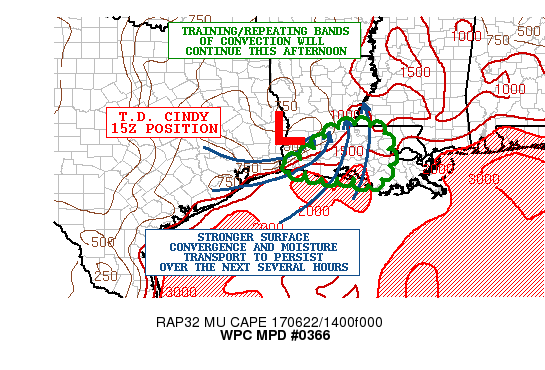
AREAS AFFECTED...SOUTH-CENTRAL TO SOUTHWEST LA

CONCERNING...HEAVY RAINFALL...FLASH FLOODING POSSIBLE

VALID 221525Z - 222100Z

SUMMARY...BANDS OF HEAVY SHOWERS ASSOCIATED WITH T.D. CINDY WILL
CONTINUE TO BRING HEAVY RAINFALL OVER THE NEXT SEVERAL HOURS.

DISCUSSION...EXPERIMENTAL GOES-16 VISIBLE/0.64 MICRON MICRON
IMAGERY SHOWS THE LOW LEVEL CENTER ASSOCIATED T.D. CINDY
CONTINUING TO LIFT NORTH AND INLAND ALONG THE TX/LA BORDER. THE
SYSTEM OVERALL IS CONVECTIVELY VERY DISORGANIZED WITH A LARGE
AMOUNT OF MID LEVEL DRY AIR BEING ENTRAINED AND WRAPPED AROUND THE
STORM CENTER. THIS IS RESULTING IN A DISTINCT LACK OF INNER CORE
CONVECTION...WITH MOST OF THE EXISTING CONVECTION CHARACTERIZED BY
SOME RATHER FRAGMENTED AND SHALLOW-TOPPED BANDS AROUND THE EASTERN
AND SOUTHERN FLANKS OF THE STORM CIRCULATION.

HOWEVER...THERE WILL BE SOME PERSISTENCE AND POSSIBLE
INTENSIFICATION TO THE BANDED CONVECTION OVER AREAS OF SOUTHWEST
TO SOUTH-CENTRAL LA GOING THROUGH THE AFTERNOON HOURS AS DIURNAL
HEATING CONTRIBUTES TO AN INCREASE IN BOUNDARY LAYER INSTABILITY.
MEANWHILE THIS WILL BE COINCIDING WITH A FOCUSED AXIS OF SURFACE
CONVERGENCE WHICH WILL HELP KEEP STRONGER LOW LEVEL MOISTURE
TRANSPORT POOLED IN ACROSS THESE AREAS.

THE CURRENT ACTIVITY IS FOSTERING SOME LOCALIZED 1 TO 2 INCH/HR
RATES...AND WITH SOME MODEST STRENGTHENING OF THE CONVECTIVE
BANDS...SOME OF THE RATES MAY BEGIN TO EXCEED 2 INCHES/HR LOCALLY.
ASIDE FROM THE HEAVY RAINFALL RATES...THE CONCERN IS THE
REPEATING/TRAINING NATURE OF THE CONVECTION WHICH OVER THE NEXT 6
HOURS MAY RESULT IN ADDITIONAL RAINFALL TOTALS AS HIGH 3 TO 5
INCHES WITH ISOLATED HEAVIER AMOUNTS. THIS IS CONSISTENT WITH THE
LATEST HRRR GUIDANCE WHICH HAS ALSO TRENDED A LITTLE WETTER.
THEREFORE THE CONCERNS FOR RUNOFF PROBLEMS AND POSSIBLE FLASH
FLOODING CONTINUE.